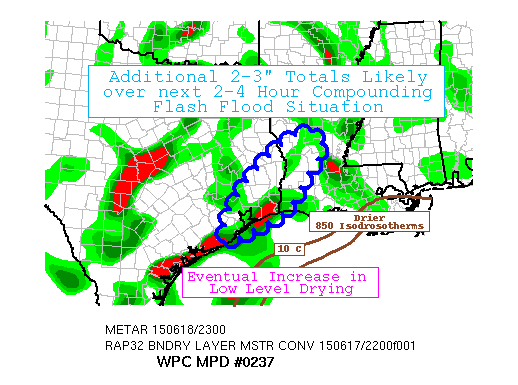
AREAS AFFECTED...SOUTHEAST TEXAS...WESTERN LOUISIANA

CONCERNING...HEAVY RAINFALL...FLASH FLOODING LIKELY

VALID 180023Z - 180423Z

SUMMARY...FEW MORE HOURS OF CONTINUED COASTAL DEVELOPMENT TRAINING
OVER AREAS ALREADY HIGHLY IMPACTED BY SIGNIFICANT RAINFALL
TOTALS...

DISCUSSION...RECENT VISIBLE/RADAR IMAGERY SHOWS UPTICK OF
CONVECTIVE GROWTH ALONG THE SOUTHEAST TEXAS COAST IN RESPONSE TO
INCREASING SURFACE/LOW LEVEL CONVERGENCE WITH 20-25KTS OF ONSHORE
FLOW.  ENVIRONMENTAL PARAMETERS REMAIN VERY MOIST AND UNSTABLE
WITH 3000-4000 J/KG ANALYZED JUST OFFSHORE.  THIS SHOULD CONTINUE
TO SUPPORT RATES IN THE 1.5-2"/HR RANGE.   THE ORIENTATION OF THE
ONSHORE FLOW REMAINS NEARLY UNIDIRECTIONAL TO SUPPORT CONTINUED
TRAINING ACROSS SOUTHEAST TEXAS COUNTIES FOR THE NEXT 2-4 HOURS.
PERSISTENT SOUTHERLY FLOW IS FORECAST TO CONTINUE THROUGH MUCH OF
THE LATE EVENING/EARLY MORNING HOURS. IF THIS TREND CONTINUES...
RAP ANALYSIS FIELDS ALONG WITH BLENDED TPW SHOWS DRYING LOW LEVELS
ACROSS THE NORTH CENTRAL GULF OF MEXICO...THAT SHOULD BE ADVECTING
ACROSS THE AREA WITHIN THE NEXT FEW HOURS.  THE EXACT TIMING IS
CRITICAL TO REDUCE THE MOISTURE CONVERGENCE TO MAINTAIN THESE
CELLS. CONFIDENCE IN THIS TIMING IS NOT VERY HIGH GIVEN THAT MOST
OF THE HI-RESOLUTION CONVECTIVE ALLOWING MODELS HAD STARTED THE
DRYING PROCESS BY 00Z...WHICH IS CLEARLY NOT OCCURRING.  ONLY THE
RECENT HRRR SHOWS SOME CONTINUED ELEMENTS THROUGH 04-05Z.  CURRENT
THINKING IS AN ADDITIONAL 2-3 HOURS WILL EXACERBATE FLOODED
GROUNDS WITH A POTENTIAL 2-3" TOTALS...